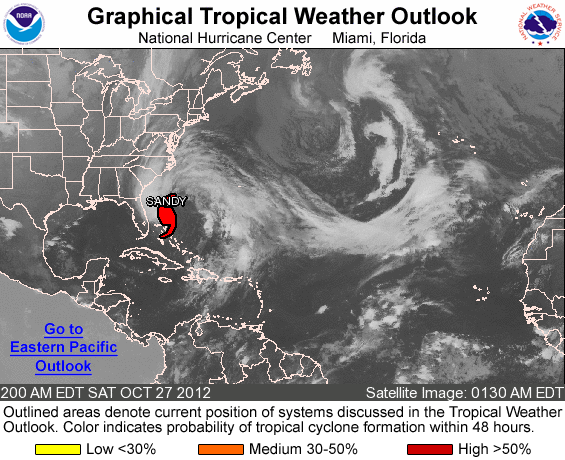
FOR THE NORTH ATLANTIC...CARIBBEAN SEA AND THE GULF OF MEXICO...

THE NATIONAL HURRICANE CENTER IS ISSUING ADVISORIES ON HURRICANE SANDY...LOCATED ABOUT 120 MILES NORTH OF GREAT ABACO ISLAND IN THE NORTHWESTERN BAHAMAS.

ELSEWHERE...TROPICAL STORM FORMATION IS NOT EXPECTED DURING THE NEXT 48 HOURS.

FORECASTER CANGIALOSI